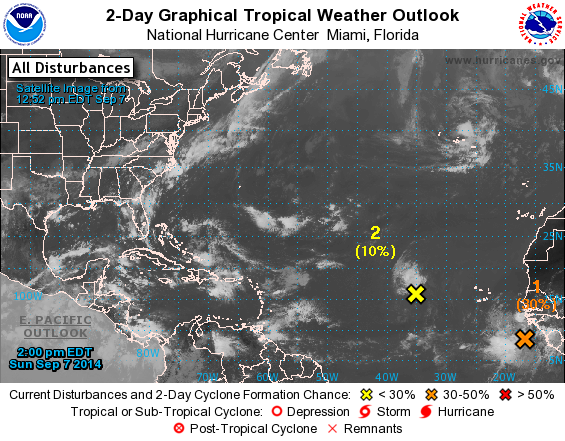
For the North Atlantic...Caribbean Sea and the Gulf of Mexico:

1. A large area of cloudiness and disorganized thunderstorms located over the far eastern Atlantic is associated with a strong tropical wave. Environmental conditions are expected to be conducive for gradual development of this disturbance during the next several days while it moves westward or west-northwestward at about 15 mph.
* Formation chance through 48 hours...medium...30 percent.
* Formation chance through 5 days...high...60 percent.

2. Showers and thunderstorms associated with a weak area of low pressure located about 675 miles west of the Cape Verde Islands have diminished and become well separated from the low center. Environmental conditions are forecast to remain unfavorable for development during the next several days while the system moves west-northwestward at 10 to 15 mph.
* Formation chance through 48 hours...low...10 percent.
* Formation chance through 5 days...low...10 percent.

Forecaster Brown